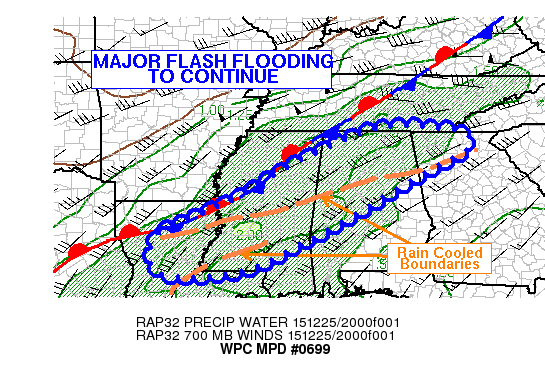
AREAS AFFECTED...SRN MS/AL BORDER...NEWD INTO NRN MS...NRN
AL...NWRN GA...SERN TN

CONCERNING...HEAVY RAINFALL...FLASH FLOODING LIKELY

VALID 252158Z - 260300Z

SUMMARY...SIGNIFICANT...WIDESPREAD FLASH FLOODING IS EXPECTED TO
CONTINUE THROUGH 03Z FOR N-CNTRL ALABAMA WITH SIGNIFICANT FLASH
FLOOD THREATS EXTENDING SOUTHWEST TO CNTRL LOUISIANA AND NORTHEAST
TO SRN TENNESSEE.

DISCUSSION...REGIONAL RADAR TRENDS OVER THE PAST 2 HOURS HAVE
SHOWN WHAT HAD BEEN A NEARLY STATIONARY AXIS OF HEAVY
RAINFALL...EXTENDING FROM NRN MISSISSIPPI TO NWRN GEORGIA...HAS
STARTED TO SLOWLY SINK SOUTH. MEANWHILE...TRAINING AXES OF
THUNDERSTORMS ACROSS THE CNTRL-NRN LOUISIANA/MISSISSIPPI BORDER
HAVE TAKEN ADVANTAGE OF ESTIMATED MLCAPE RANGING FROM 1000-1500
J/KG...PER RECENT SPC MESOANALYSIS PAGE. A CORRIDOR OF 30-40 KT
FLOW IN THE 850-700 MB LAYER...CONFIRMED WITH VAD WIND PROFILE
DATA...HAS BEEN ORIGINATING IN CNTRL LOUISIANA AND TRANSPORTING
HIGHLY ANOMALOUS MOISTURE NEWD INTO PORTIONS OF THE SOUTH.

A SLOWLY SWD SINKING COLD POOL...STRETCHING FROM N-CNTRL LOUISIANA
INTO NRN ALABAMA HAS ALLOWED FOR THE RECENT SWD MOVEMENT OF HEAVY
RAIN...WHILE ADDITIONAL CONVECTIVE ACTIVITY HAS BECOME RATHER
ROBUST SOUTH OF THIS BOUNDARY INTO LOUISIANA AND S-CNTRL
MISSISSIPPI. AN 850-700 MB MOISTURE FLUX MAXIMUM WILL CONTINUE
OVER THE NEXT 5-6 HOURS...VIA RAP GUIDANCE...FROM LOUISIANA INTO
MISSISSIPPI...HELPING TO REFOCUS THE HEAVIEST RAINFALL SOUTH INTO
CNTRL MISSISSIPPI AND ALABAMA THROUGH 00Z. THEREFORE...THE
ORIENTATION OF THE FLASH FLOOD THREAT WILL ADJUST...EXTENDING FROM
SOUTHWEST TO NORTHEAST. 3-5 INCHES OF ADDITIONAL RAINFALL WILL BE
POSSIBLE IN THE VICINITY OF THE N-CNTRL MISSISSIPPI/ALABAMA
BORDER...A BIT SOUTH OF THE HEAVIEST RAINFALL FROM EARLIER THIS
AFTERNOON.